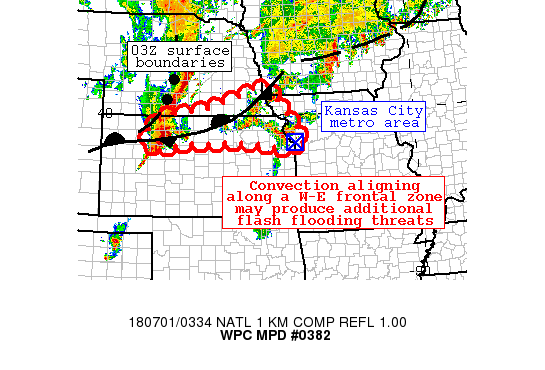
AREAS AFFECTED...NORTHERN KS/NORTHWESTERN MO/SOUTHEASTERN NEB...

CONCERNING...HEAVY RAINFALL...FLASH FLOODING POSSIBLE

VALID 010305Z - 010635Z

SUMMARY...MULTIPLE AREAS OF CONCERN REMAIN AS LOCALIZED CONVECTION
HAS HUNG UP NORTH OF KANSAS CITY MO AND OVER NORTH-CENTRAL KS. CB
TOWERS CONTINUE TO ERUPT ALONG A WEST-EAST BAROCLINIC ZONE SHOULD
REMAIN A FOCUS FOR POSSIBLE FLASH FLOODING INTO THE OVERNIGHT
HOURS.

DISCUSSION...THE 03Z SURFACE ANALYSIS DEPICTED A NUMBER OF
BOUNDARIES ACROSS THE CENTRAL PLAINS AND MIDDLE MS VALLEY. A
WEST-EAST FRONTAL ZONE SITTING JUST NORTH OF I-70 ACROSS KS HAS
PROVIDED A STEADY FOCUS FOR CONVECTIVE ACTIVITY THIS EVENING.
AMPLE INSTABILITY CONTINUES TO SIT ATOP THIS BOUNDARY WITH 2000 TO
3000 J/KG OF MUCAPE INDICATED VIA THE 02Z RAP OBJECTIVE ANALYSIS.
A PAIR OF LOCALIZED THUNDERSTORMS HAVE ALREADY PROVEN TO HANG UP
WITH HEAVY RAINFALL BEING REPORTED JUST NORTH OF KANSAS CITY MO
AND AROUND HILL CITY MO WHERE 3.78 INCHES OF RAIN FELL IN AN HOUR.
AMPLE MOISTURE CONTINUES TO POOL ALONG THIS MENTIONED BOUNDARY
WITH PRECIPITABLE WATER VALUES OBSERVED IN THE 1.50 TO 1.75 INCH
RANGE PER GPS DATA. IN ADVANCE OF THE EASTWARD APPROACHING
MCS...WOULD EXPECT RESIDUAL ISSUES TO PERSIST BEFORE THE COMPLEX
SHOULD BECOME FORWARD PROPAGATING IN RESPONSE TO THE UPSTREAM
HEIGHT FALLS.

UNFORTUNATELY RECENT CAMS HAVE FAILED TO SHOW MUCH DEVELOPMENT IN
ADVANCE OF THE MCS. THIS INCLUDES THE 00Z CYCLES OF HRW-ARW AND
HRW-NMM-B SOLUTIONS. MUCH OF THE FORECAST IS BASED SOLELY ON
RADAR/SATELLITE TRENDS AND RECENT HISTORY OF THESE STORMS. FLASH
FLOOD GUIDANCE VALUES ARE A BIT HIGHER ACROSS NORTH-CENTRAL KS BUT
OBSERVED RATES HAVE EASILY EXCEEDED SUCH THRESHOLDS. MOVING
FORWARD...EXPECT 1 TO 2 INCH HOURLY RAINFALL RATES TO PERSIST WITH
NUMBERS CLOSER TO THE LOWER END OF THE RANGE ONCE THE SYSTEM
BECOMES FORWARD PROPAGATING.